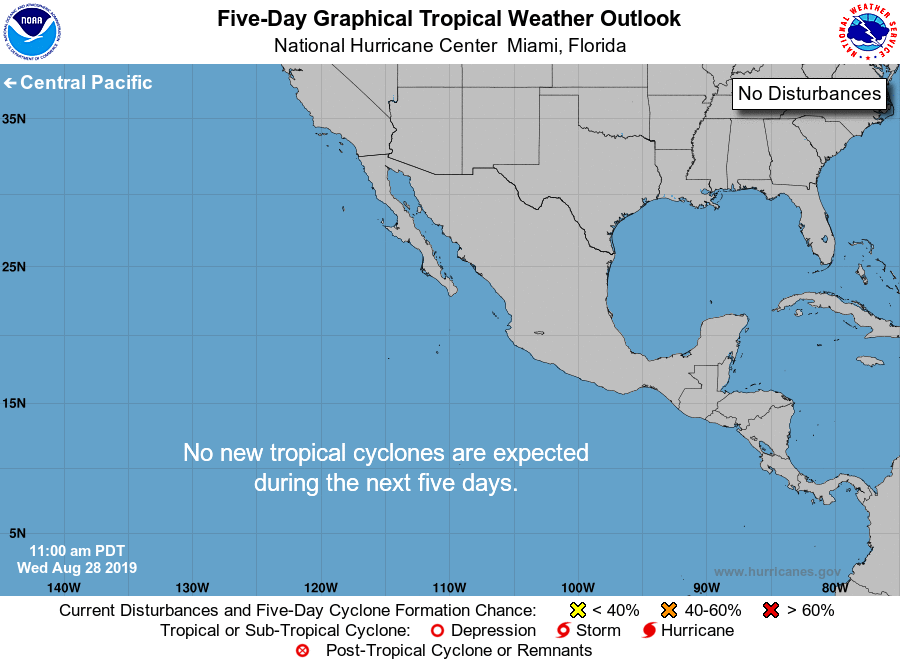
For the eastern North Pacific...east of 140 degrees west longitude:

Tropical cyclone formation is not expected during the next 5 days.

Forecaster Brown